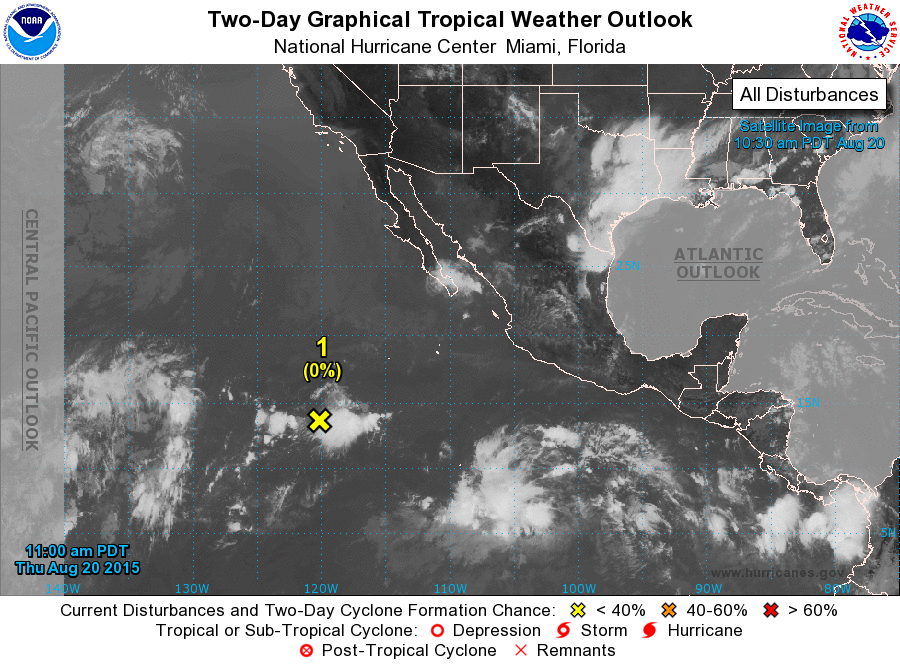
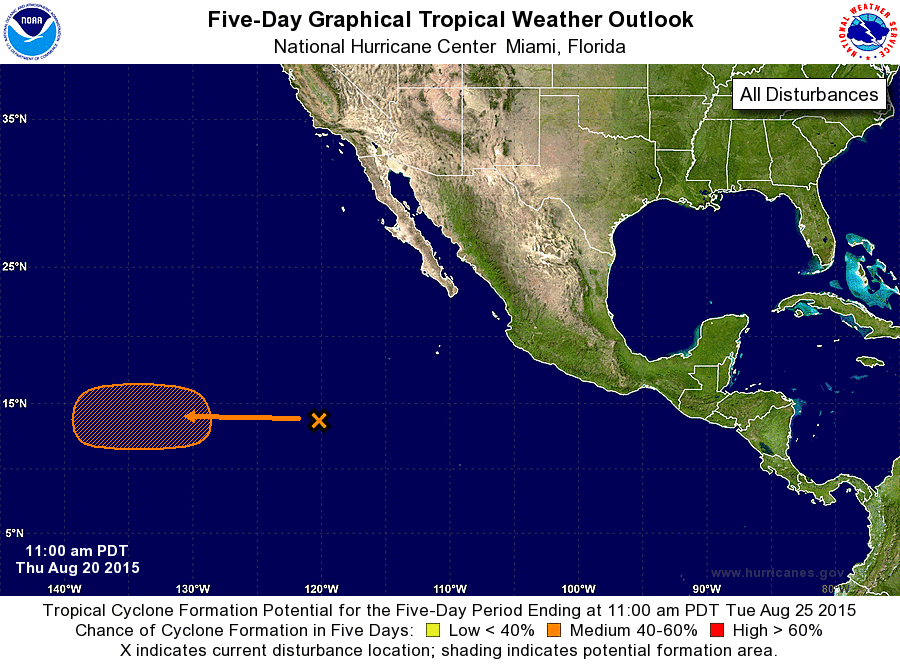
For the eastern North Pacific...east of 140 degrees west longitude:

1. An area of disturbed weather centered about 950 miles southwest of the southern tip of the Baja California peninsula is associated with a tropical wave. Environmental conditions could become favorable for gradual development of this system over the weekend while the disturbance moves westward at 5 to 10 mph.
* Formation chance through 48 hours...low...near 0 percent
* Formation chance through 5 days...medium...40 percent

Forecaster Blake